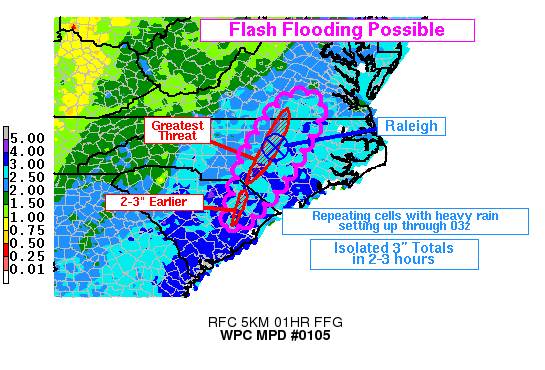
AREAS AFFECTED...ERN SC...CENTRAL NC...SRN VA

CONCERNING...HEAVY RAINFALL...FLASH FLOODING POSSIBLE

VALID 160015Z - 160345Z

SUMMARY...THE PIECES WERE IN PLACE FOR A 2-3 HOUR PERIOD OF
TRAINING HEAVY RAINFALL...INCLUDING OVER METRO RALEIGH. RAPID
ACCUMULATION OF UP TO 3 AND POSSIBLY EVEN 4 INCHES OF RAIN COULD
LEAD TO FLASH FLOODING.

DISCUSSION...AT 00Z RADAR AND SATELLITE IMAGERY SHOWED FEATURES
THAT HAD ALIGNED INTO A WORRISOME PATTERN FOR RALEIGH NC...AND
ALONG A LINE EXTENDING DOWN TO NEAR FLORENCE SC...AND UP TO
CLARKSVILLE VA. THE EVENTS OVER THE NEXT FEW HOURS...THROUGH
ROUGHLY 03Z...WILL NOT BE PARTICULARLY LONG LIVED...BUT STORMS IN
THIS REGION SHOULD BE EFFICIENT HEAVY RAIN PRODUCERS. A BROAD
FIELD OF 500 J/KG-PLUS MIXED LAYER CAPE WAS AVAILABLE IN THE
INFLOW...WITH AIR CHARACTERIZED BY AT LEAST 1.4 INCH PW VALUES AND
BOTTOM-WEIGHTED VERTICAL THERMODYNAMIC PROFILES / LITTLE HAIL
PRODUCTION. UPSTREAM...SATELLITE IMAGERY AND RAP FORECASTS
INDICATED A WELL DEFINED DIFLUENT UPPER LEVEL FLOW PATTERN
ASSOCIATED WITH AN APPROACHING SHORTWAVE TROUGH LIFTING UP THE
EAST SIDE OF THE SYNOPTIC TROUGH. CLOUD TOPS WERE COOLING PER
GOES-16 SWIR CHANNEL...WITH RADAR-BASED ECHO TOP ESTIMATES GREATER
THAN 30 KFT. AN INFLECTION HAD DEVELOPED IN THE RADAR
REPRESENTATION...SUCH THAT TRAINING IS LIKELY TO
PERSIST...INCLUDING OVER RALEIGH...UNTIL THE UPPER SHORTWAVE
SWINGS THROUGH...BY 03-04Z PER THE RAP 700 MB WINDS AND UPPER
DIFLUENCE FIELDS.

GIVEN RADAR BASED ESTIMATES OF 1.50 TO 2.00 INCHES PER HOUR FROM
KRAX AS OF 00Z...ANY GIVEN LOCATION THAT SEES TRAINING ECHOES
COULD EASILY PICK UP MORE THAN 3 INCHES OF RAIN IN A SHORT
PERIOD...AND FLASH FLOODING IS POSSIBLE.